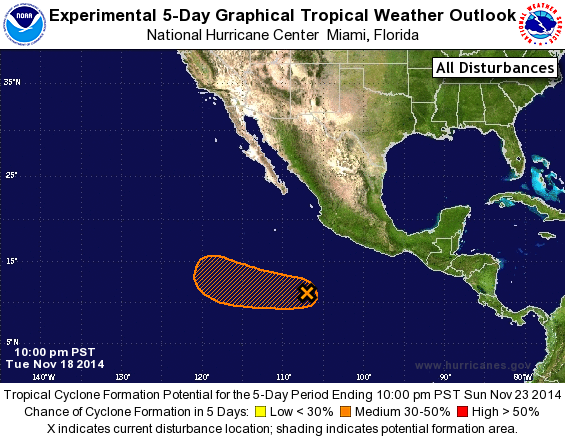
For the eastern North Pacific...east of 140 degrees west longitude:

1. Shower activity associated with a trough of low pressure located several hundred miles south-southwest of Manzanillo, Mexico, has become a little more concentrated this evening. Some gradual development of this system is possible during the next couple of days while it moves westward to west-northwestward at about 15 mph. After that time, upper-level winds are likely to become less conducive for development.
* Formation chance through 48 hours...medium...30 percent.
* Formation chance through 5 days...medium...30 percent.

Forecaster Beven